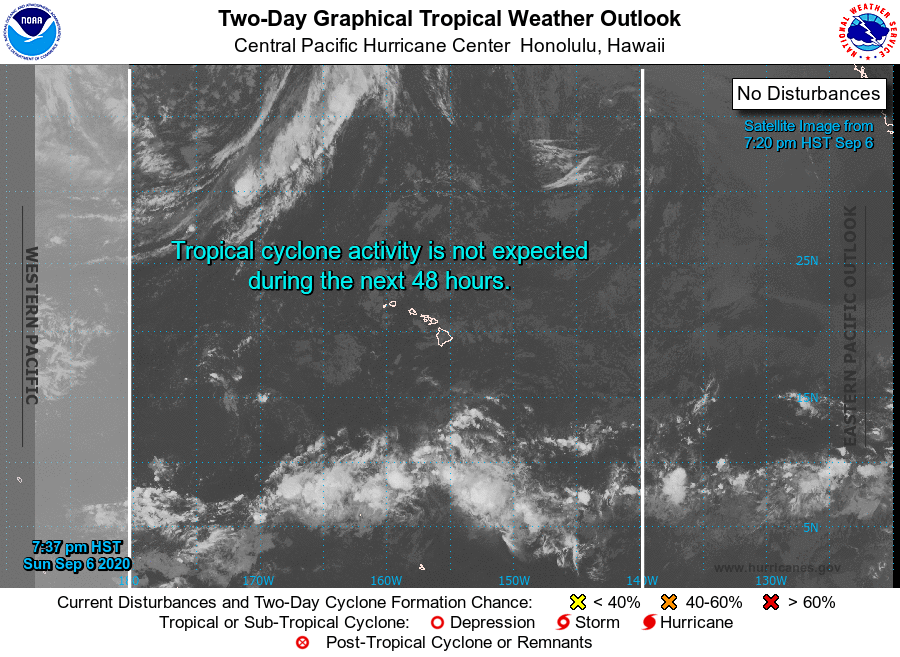
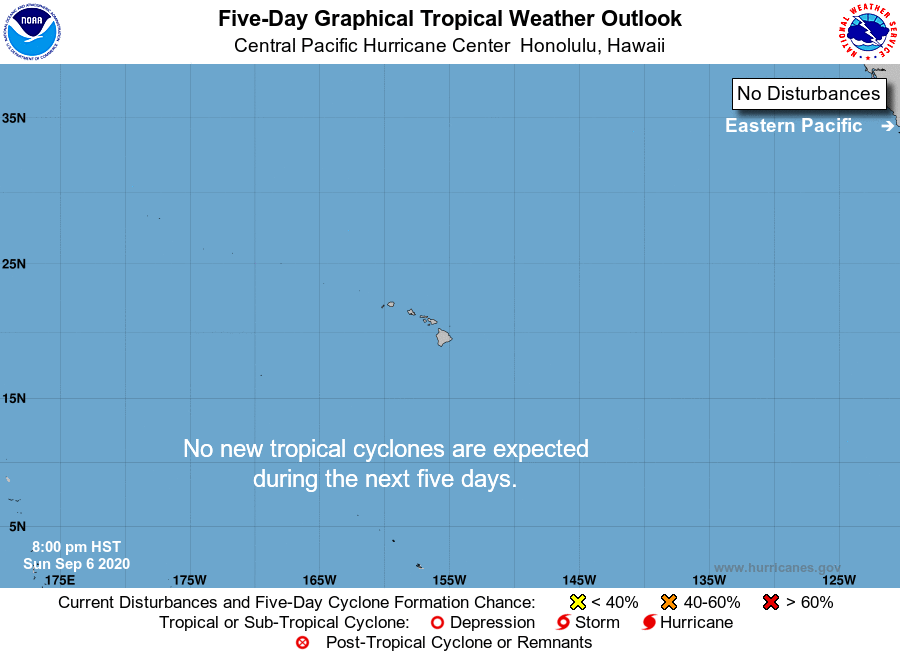
For the central North Pacific...between 140W and 180W:

No tropical cyclones are expected during the next 5 days.

Forecaster M Ballard